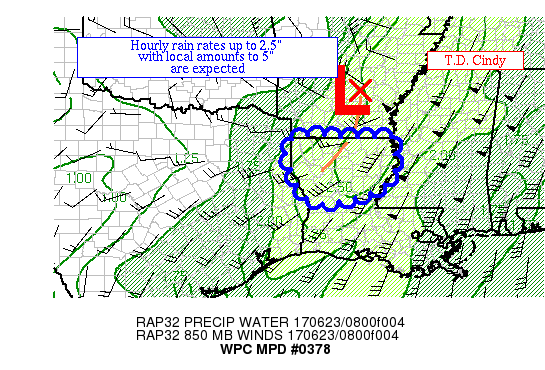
AREAS AFFECTED...NORTHERN LA

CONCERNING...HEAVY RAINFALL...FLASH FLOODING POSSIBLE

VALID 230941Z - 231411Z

SUMMARY...THUNDERSTORMS ARE EXPANDING IN COVERAGE WITHIN THE
SOUTHWEST QUADRANT OF TROPICAL DEPRESSION CINDY.  HOURLY RAIN
RATES TO 2.5" WITH LOCAL AMOUNTS TO 5" ARE POSSIBLE.

DISCUSSION...THERE HAS BEEN A SLOW UPTICK TO RAINFALL RATES WITH
CONVECTION OVER THE PAST COUPLE HOURS NEAR NATCHITOCHES LA.
PRECIPITABLE WATER VALUES OF ~2.5" LIE ACROSS THE REGION, AND
THUNDERSTORMS ARE DEVELOPING DOWNWIND OF AN INSTABILITY GRADIENT
NEAR THE TX/LA BORDER.  INFLOW AT 850 HPA IS CONVERGENT AT 25-40
KTS.

THE MESOSCALE GUIDANCE HAS BEEN ADVERTISING THIS ACTIVITY TO FORM
THROUGHOUT THE NIGHT, AND IT HAS FINALLY OCCURRED.  THE MORE
RELIABLE GUIDANCE SUGGESTS TOTALS NEAR 5", WHICH IS PLAUSIBLE.
MUCH OF THE AREA HAS RECEIVED MINIMAL RAINFALL FROM CINDY SO FAR
SO FLASH FLOOD GUIDANCE VALUES ARE RATHER HIGH.  THE HIGH FLASH
FLOOD GUIDANCE KEPT THE CATEGORY AS POSSIBLE.